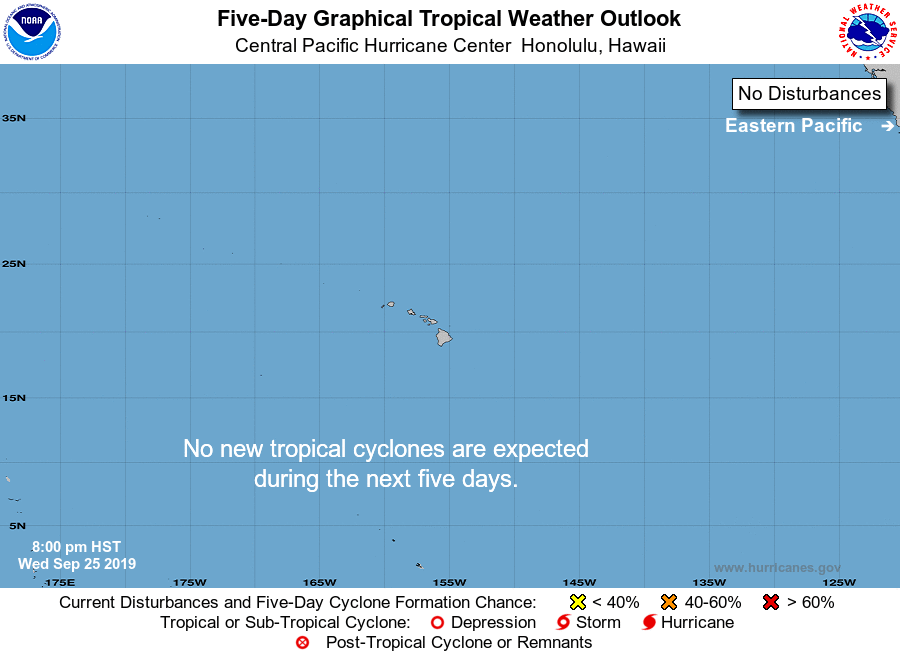
For the central North Pacific...between 140W and 180W:

No tropical cyclones are expected through the next 5 days.

Forecaster Powell